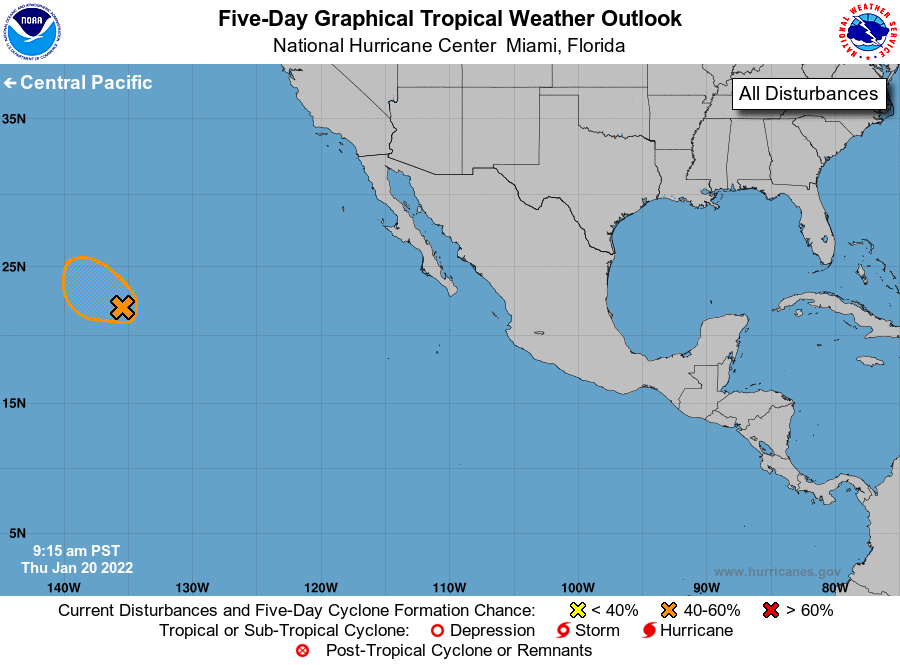
For the eastern North Pacific...east of 140 degrees west longitude:

Special Tropical Weather Outlook issued for an area of low pressure located well to the east-northeast of Hawaii.

1. A well-defined area of low pressure producing gale-force winds is located more than 1000 miles east-northeast of Hilo, Hawaii. Shower and thunderstorm activity has recently increased in coverage and organization near the center. While environmental conditions appear only marginally favorable for additional development, if this activity persists, it could result in the formation of a short-lived subtropical or tropical cyclone over the next day or so. By Friday, environmental conditions are expected to become unfavorable for additional development. For more information on this system, including gale warnings, see High Seas Forecasts issued by the National Weather Service.
* Formation chance through 48 hours...medium...40 percent.
* Formation change through 5 days...medium...40 percent.

The next Special Tropical Weather Outlook on this system will be issued by 7 PM PST this evening, or earlier if conditions warrant.

Forecaster Papin/Cangialosi